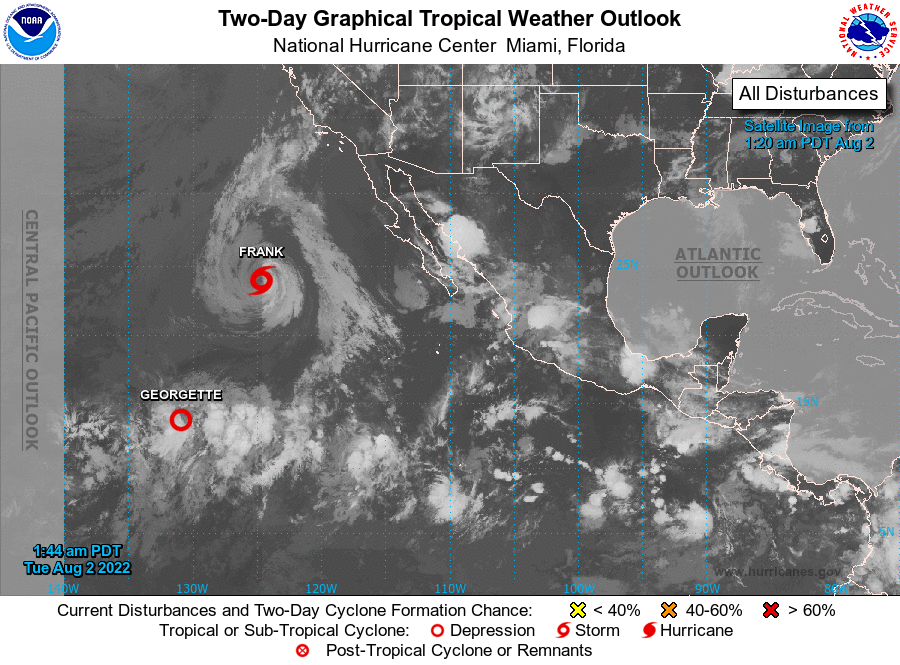
For the eastern North Pacific...east of 140 degrees west longitude:

Active Systems: The National Hurricane Center is issuing advisories on Tropical Storm Frank, located about 600 miles west-southwest of Punta Eugenia, Mexico, and on Tropical Depression Georgette, located more than 1500 miles west-southwest of the southern tip of the Baja California peninsula.

1. Offshore of Southern Mexico: An area of low pressure is expected to form a few hundred miles south of eastern Mexico in a few days. Some development of this system is possible by the end of this week while it moves west-northwestward, well offshore of the coast of Mexico.
* Formation chance through 48 hours...low...near 0 percent.
* Formation chance through 5 days...low...20 percent.

2. Well southwest of Southwestern Mexico: Another area of low pressure could form several hundred miles south-southwest of the southern tip of the Baja California peninsula later this week. Some development of this system is possible by the end of this week while it moves westward over the open waters of the eastern Pacific basin.
* Formation chance through 48 hours...low...near 0 percent.
* Formation chance through 5 days...low...20 percent.

Forecaster Papin